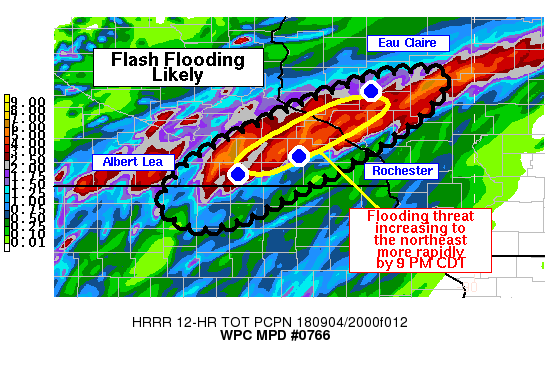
Areas affected...Southeast Minnesota; West-Central Wisconsin

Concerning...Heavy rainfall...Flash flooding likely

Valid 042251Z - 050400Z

Summary...The threat of flash flooding should begin to increase
rapidly over the next several hours across southeast Minnesota and
west-central Wisconsin as bands of heavy rain and thunderstorms
repeatedly affect the same region from Albert Lea, to near
Rochester, to near Eau Claire. Rain rates to around 2 in/hr appear
likely, and 1-2 in/hr rain rates could be sustained almost
continuously for several hours in some locations. This would
likely lead to flash flooding, which could be relatively
widespread or severe in some counties in southeast Minnesota and
west-central Wisconsin.

Discussion...Convection continues to gradually increase and become
focused from north-central Iowa into southeast Minnesota and
west-central Wisconsin. As of 2230Z, regional radars generally
indicated convection was oriented in a fairly linear fashion, but
was not continuous. Instead, it was organized in small clusters or
supercells that were generally training along a similar path. This
may continue for another couple hours (through 00Z), with a
general trend toward a more continuous band of convection from
near AEL to near EAU. RAP analysis placed a low-level
frontogenesis maximum at 22Z around Winona County, MN, or just
east of Rochester, with a surrounding band of FGEN oriented in a
SW-NE fashion. The convection was generally organizing along and
just north of this low-level FGEN max, and the increasing trend of
the FGEN should favor an evolution to a more solid band of
convection. This will also lead to an associated increase in the
threat of flash flooding over the same area. Average storm motions
and the deep layer mean wind were quite close to the orientation
of the convective line, and thus continued training appears likely.

Also likely to increase the flash flood threat will be a slug of
low-mid level moisture now arriving in Iowa. GPS-PW observations
have shown a notable increase to around 2.1 to 2.2 inches in the
past several hours at most of the western Iowa observing sites.
These are near record values for the region based on the CFSR
climatology over the past 30 years. And the northward low-mid
level moisture flux will become increasingly focused into SC/SE MN
in the next couple hours. The KDMX radar VWP has shown an increase
in the low-level flow recently, with the 850mb winds now generally
35-40 knots.

Rain rates of around 2 in/hr have been observed at some local
mesonet sites in north-central Iowa, and shorter-duration rain
rates equivalent to that (e.g. 0.5 inches in 15 minutes) have been
observed northeast toward the Rochester area. This is consistent
with the environment in place across the region. If the increasing
frontogenesis can focus a strong band of convection on the
northern periphery of the pool of instability, it would be
possible for rain rates to locally exceed 2 in/hr.

Given the trends, flash flooding appears increasingly likely over
the next several hours across southeast Minnesota and west-central
Wisconsin. If a more continuous convective band can develop and be
sustained in a similar location for several hours, the possibility
of widespread and/or severe flash flooding cannot be ruled out,
particularly in the driftless region with sharper terrain
gradients and narrower basins from the greater Rochester area
northeast toward Buffalo and Trempealeau Counties in Wisconsin.